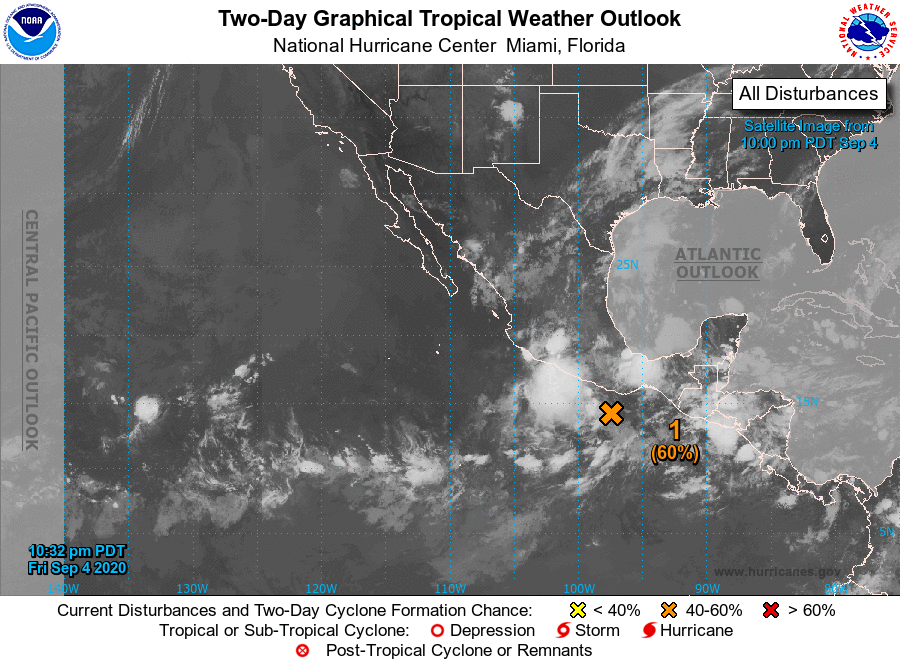
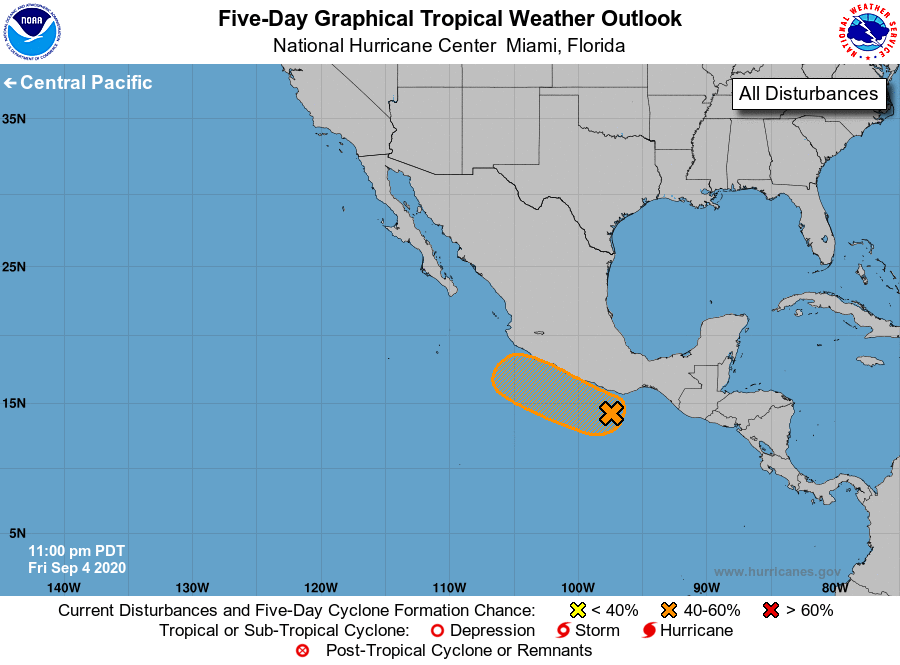
For the eastern North Pacific...east of 140 degrees west longitude:

1. A well-defined low pressure system is located a couple of hundred miles southeast of Acapulco, Mexico. Most of the associated shower and thunderstorm activity remains displaced well to the west of the low. Although upper-level winds are forecast to inhibit further development during the next couple of days, only a small increase in thunderstorm activity near the surface center of circulation could result in the formation of a tropical depression. This system is expected to move generally west-northwestward, near or along the southern coast of Mexico during the next few days. Regardless of development, this low could produce locally heavy rainfall along portions of the coast of southwestern Mexico. Please consult products from your local office.
* Formation chance through 48 hours...medium...60 percent.
* Formation chance through 5 days...medium...60 percent.

Forecaster Pasch